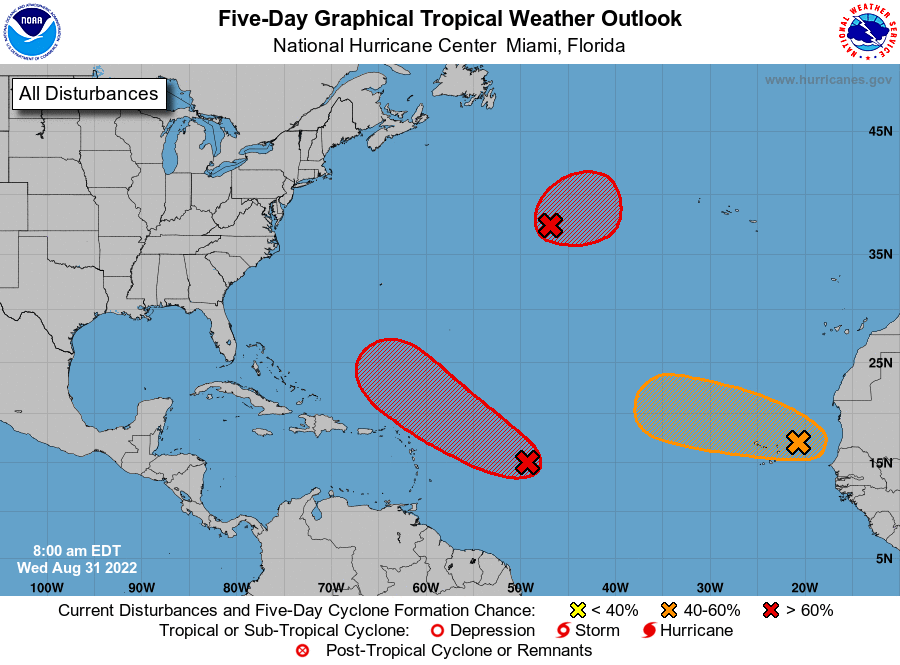
For the North Atlantic...Caribbean Sea and the Gulf of Mexico:

1. Central Tropical Atlantic: Shower and thunderstorm activity associated with an area of low pressure located several hundred miles east of the Lesser Antilles has changed little this morning. Although environmental conditions are only marginally conducive, additional gradual development of this system is expected and a tropical depression is likely to form within the next couple of days. The disturbance is forecast to move slowly toward the west-northwest, toward the adjacent waters of the northern Leeward Islands. Additional information on this system can be found in High Seas Forecasts issued by the National Weather Service.
* Formation chance through 48 hours...medium...60 percent.
* Formation chance through 5 days...high...80 percent.

2. Eastern Tropical Atlantic: Showers and thunderstorms associated with a broad area of low pressure located between the west coast of Africa and the Cabo Verde Islands have become slightly better organized. Some gradual development is possible, and the system could become a short-lived tropical depression over the far eastern Atlantic during the next couple of days. By late this week, environmental conditions are forecast to become increasingly unfavorable for further development. Regardless, the system could bring locally heavy rainfall to portions of the Cabo Verde Islands through Thursday.
* Formation chance through 48 hours...medium...40 percent.
* Formation chance through 5 days...medium...50 percent.

3. Central Subtropical Atlantic: An area of low pressure has formed along a decaying frontal zone over the central subtropical Atlantic about 850 miles west-southwest of the westernmost Azores. Environmental conditions are expected to be conducive for development, and a tropical or subtropical depression is likely to form during the next few days while the system drifts generally eastward.
* Formation chance through 48 hours...medium...60 percent.
* Formation chance through 5 days...high...70 percent.

High Seas Forecasts issued by the National Weather Service can be found under AWIPS header NFDHSFAT1, WMO header FZNT01 KWBC, and online at ocean.weather.gov/shtml/NFDHSFAT1.php

Forecaster Bucci/Pasch